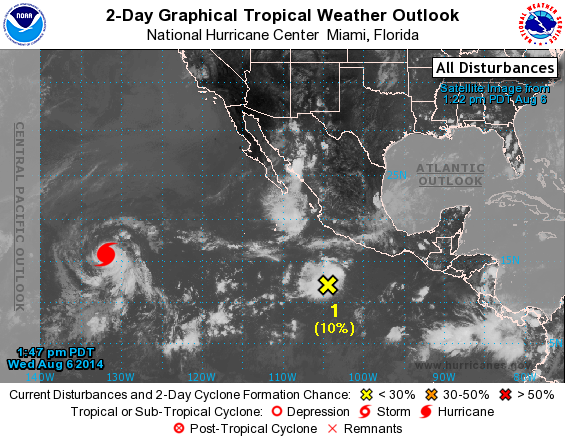
For the eastern North Pacific...east of 140 degrees west longitude:

The National Hurricane Center is issuing advisories on Hurricane Julio, located more than 1400 miles west-southwest of the southern tip of the Baja California peninsula.

1. A surface trough located several hundred miles southwest of Acapulco, Mexico is producing disorganized shower and thunderstorm activity. Development of this disturbance, if any, is expected to be slow while the system moves west-northwestward at 10 to 15 mph during the next few days.
* Formation chance through 48 hours...low...10 percent.
* Formation chance through 5 days...low...20 percent.

Forecaster Beven